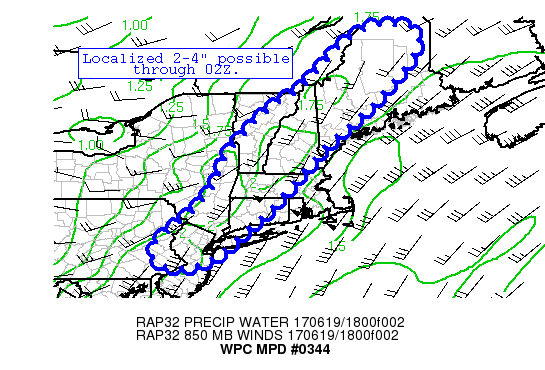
AREAS AFFECTED...NERN PA...NRN NJ...SERN NY...WRN CT...WRN
MA...SRN VT...NH...ME

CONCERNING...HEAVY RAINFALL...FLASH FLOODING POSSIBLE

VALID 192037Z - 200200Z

SUMMARY...POTENTIAL FOR HIGH RAINFALL RATES AS WELL AS MULTIPLE
ROUNDS OF CONVECTION OVER THE SAME AREAS COULD RESULT IN 2-4"
RAINFALL AMOUNTS OVER SEVERAL HOURS. FLASH FLOODING IS POSSIBLE.

DISCUSSION...A HIGHLY MOIST AND MODERATELY UNSTABLE AIR MASS IS IN
PLACE ACROSS THE NORTHEAST THIS AFTERNOON AHEAD OF AN INCOMING
COLD FRONT AND HEIGHT FALLS ADVANCING INTO THE NORTHEAST AHEAD OF
AN UPPER LEVEL TROUGH. MLCAPE VALUES RANGING FROM 1000-2000 J/KG
WERE INDICATED ON THE LATEST RAP MESOANALYSIS, WITH PWATS of
1.75-2.0" (2-3 STANDARD DEVIATIONS ABOVE AVERAGE). SURFACE DEW
POINTS IN THE LOWER 70S F WERE ADVECTING INTO NEW ENGLAND LATE
THIS AFTERNOON ON 10-20KT LOW-LEVEL SOUTHERLY FLOW AHEAD OF THE
FRONT, SUPPORTING LOW LCLS (NEAR 1000 M) AND A RELATIVELY DEEP
WARM CLOUD LAYER DEPTH EXCEEDING 4 KM. THE RESULT IS THE POTENTIAL
FOR HIGH PRECIPITATION EFFICIENCY AND HEAVY RAINFALL RATES IN ANY
ROBUST CONVECTION THAT OCCURS. CURRENT RADAR ESTIMATES SHOW
RAINFALL RATES IN THE 1-2 IN/HR RANGE, WHICH IS ON PAR WITH FFG
VALUES OVER MUCH OF THE REGION. WHILE THE CURRENT FLOW SETUP IS
NOT OVERLY CONDUCIVE FOR SIGNIFICANT BACKWARD PROPAGATION, THERE
IS THE POTENTIAL FOR MULTIPLE ROUNDS OF HEAVY RAINFALL ACROSS THE
SAME AREAS THROUGH THE NEXT SEVERAL HOURS.

THE LATEST HRRR AND HRRR-EXPERIMENTAL RUNS SEEM TO HAVE A DECENT
HANDLE ON THE ONGOING CONVECTION. THERE IS A GENERAL CONSENSUS
AMONG MUCH OF THE HIGH-RES GUIDANCE (HRRR, HRRR-EXPERIMENTAL,
WRF-NSSL, AND THE ARW) ON PORTIONS OF THE OUTLINED AREA RECEIVING
AN ADDITIONAL 2-4 INCHES OF RAINFALL THROUGH 02Z. THERE IS SOME
SPREAD AS TO EXACTLY WHERE THE HEAVIEST AMOUNTS WILL FALL DUE TO A
COMPLEX INTERACTION AMONG MULTIPLE BOUNDARIES/COLD POOLS AND THE
COLD FRONT. FLASH FLOODING IS POSSIBLE THROUGH 02Z.